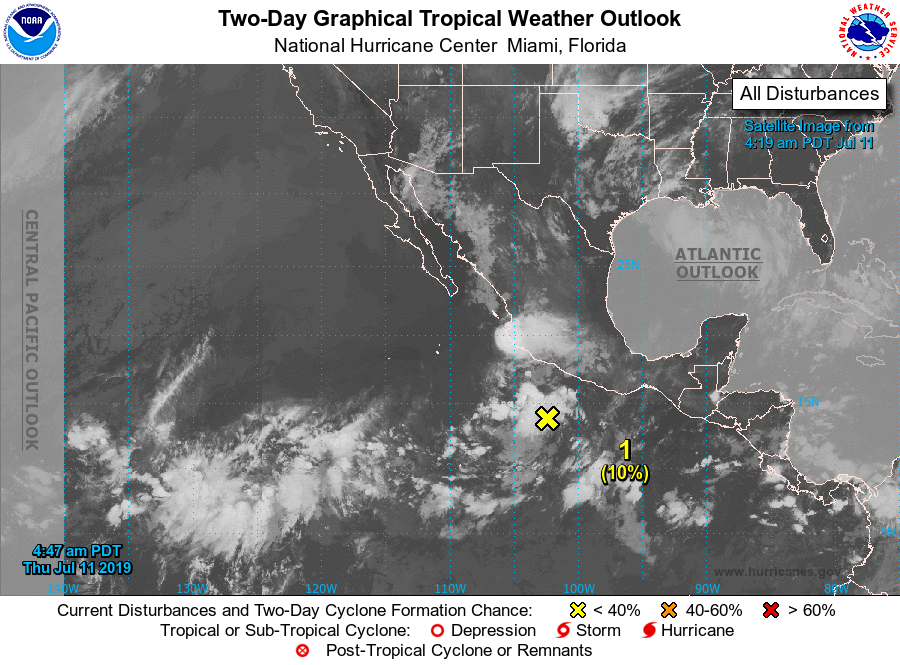
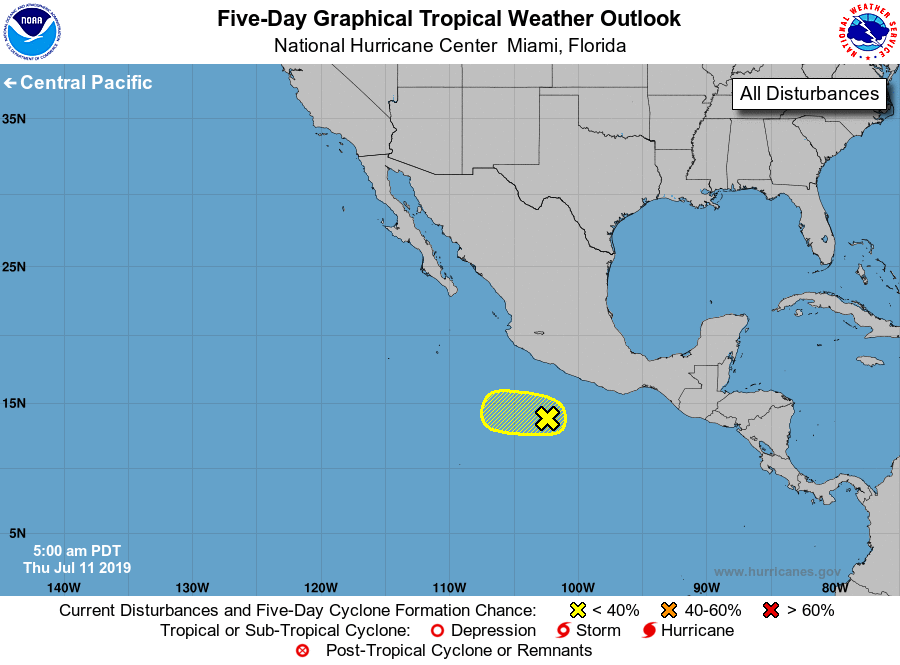
For the eastern North Pacific...east of 140 degrees west longitude:

1. A tropical wave and a weak area of low pressure, located a few hundred miles south of the southern coast of Mexico, is producing disorganized showers and thunderstorms. Environmental conditions are not forecast to be conducive for significant development during the next several days while the disturbance moves westward to west-northwestward well offshore the southern coast of Mexico.
* Formation chance through 48 hours...low...10 percent.
* Formation chance through 5 days...low...10 percent.

Forecaster Zelinsky